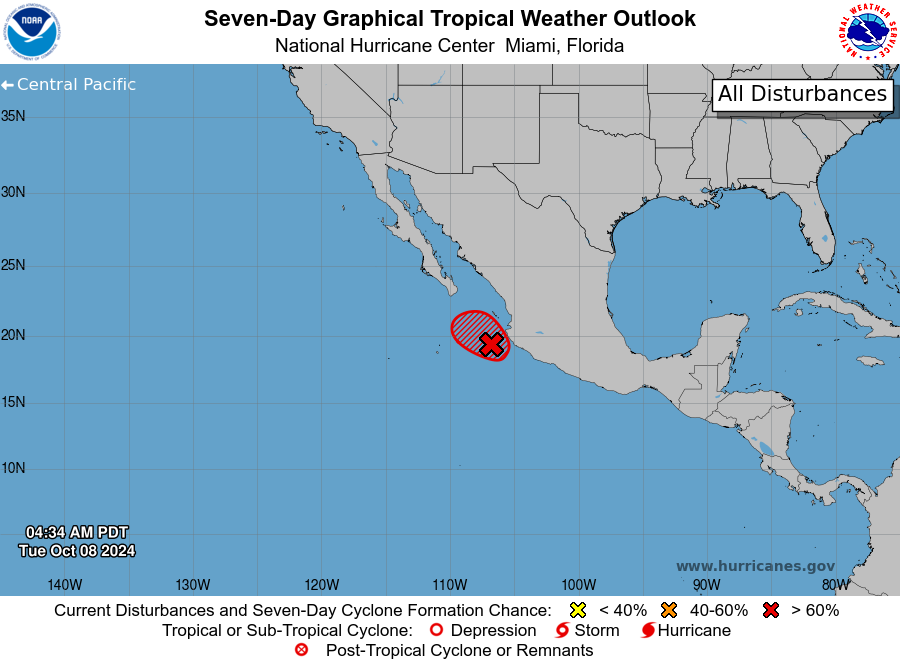
For the eastern North Pacific...east of 140 degrees west longitude:

1. Offshore of Southwestern Mexico (EP99): Showers and thunderstorms associated with an area of low pressure located about 150 miles west of Manzanillo, Mexico, have changed little in organization since yesterday. Only a small increase in organization could result in the formation of a tropical depression during the next day or so. By late Wednesday, upper-level winds are forecast to become more unfavorable, and further development is not expected. The system is forecast to move slowly north-northwestward to northwestward, roughly parallel to the coast of Mexico. Interests along the southwestern coast of Mexico should monitor the progress of this system. Regardless of development, the disturbance could bring areas of heavy rain to portions of southwestern Mexico during the next couple of days.
* Formation chance through 48 hours...high...70 percent.
* Formation chance through 7 days...high...70 percent.

Forecaster Reinhart